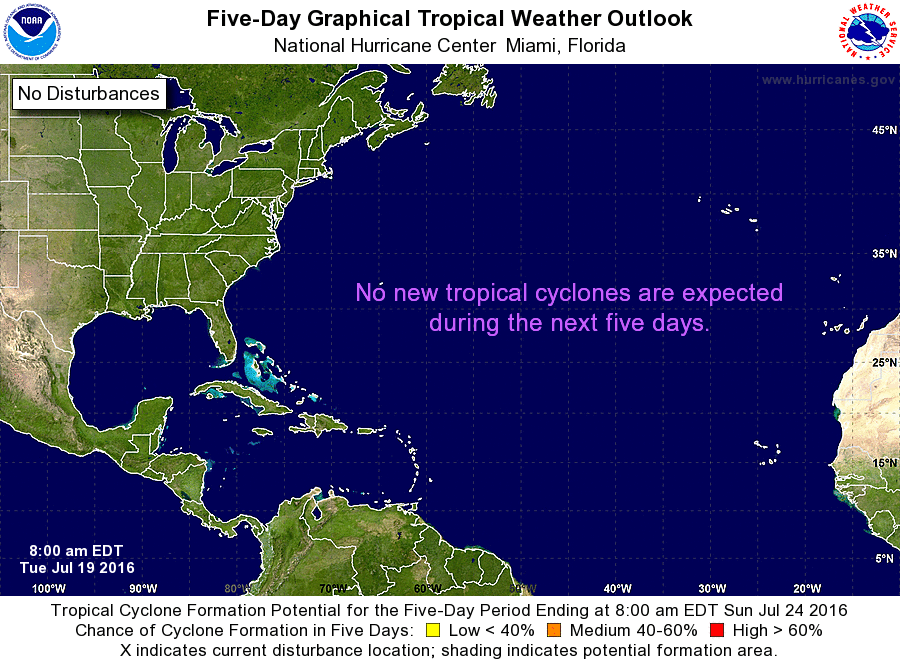
For the North Atlantic...Caribbean Sea and the Gulf of Mexico:

Tropical cyclone formation is not expected during the next 5 days.

Forecaster Roberts